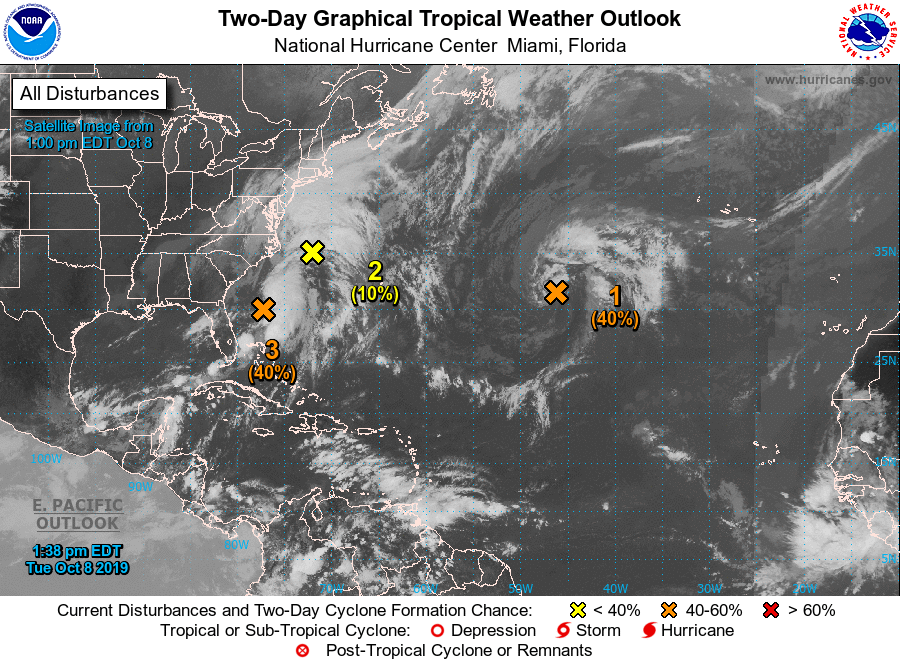
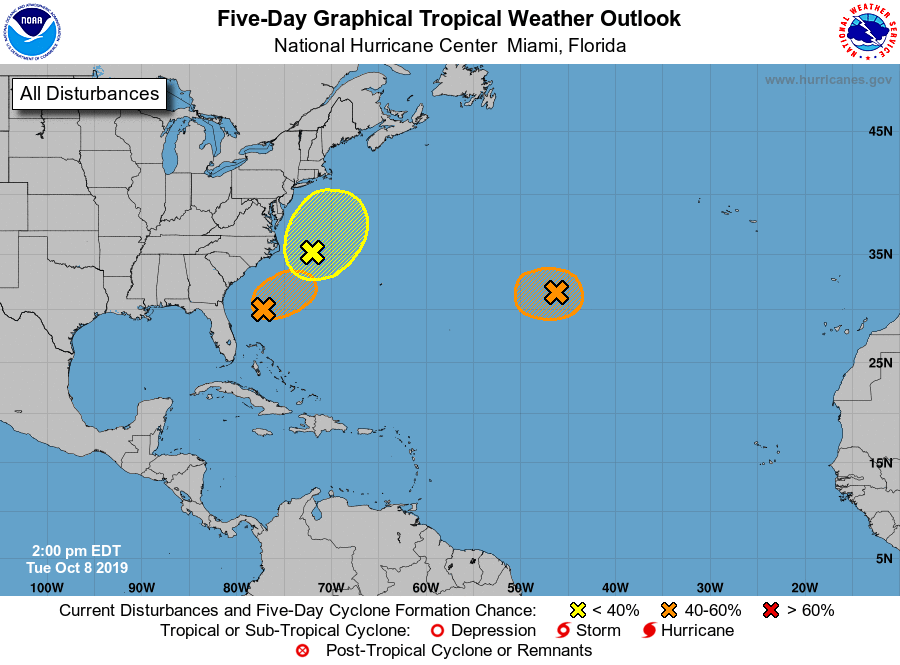
For the North Atlantic...Caribbean Sea and the Gulf of Mexico:

1. A non-tropical low pressure system located over the central Atlantic between Bermuda and the Azores continues to produce gale-force winds to the north of its center. Environmental conditions are somewhat conducive for the low to acquire some subtropical or tropical characteristics through early Wednesday, and this system could still become a tropical or subtropical storm later today or early Wednesday while it moves slowly westward. Upper-level winds are expected to become unfavorable for further development by Wednesday evening. Additional information on this system can be found in High Seas Forecasts issued by the National Weather Service.
* Formation chance through 48 hours...medium...40 percent.
* Formation chance through 5 days...medium...40 percent.

2. Cloudiness and showers located off the mid-Atlantic coast of the United States are associated with a frontal boundary and a broad, non-tropical area of low pressure. This system is forecast to drift northward or northeastward and deepen as a non-tropical low off the east coast of the United States during the next day or so. This system could acquire some subtropical characteristics by the end of the week while it remains off the east coast of the United States. Regardless of development, this system is expected to bring strong winds, coastal flooding, and rough surf to portions of the mid- Atlantic and northeastern United States coast through late week. Additional information on this system can also be found in local products and High Seas Forecasts issued by the National Weather Service.
* Formation chance through 48 hours...low...10 percent.
* Formation chance through 5 days...low...30 percent.

3. Recent satellite wind data indicate that a small area of low pressure has formed in association with an area of disturbed weather located a few hundred miles southeast of Charleston, South Carolina. The system is producing winds to near tropical storm strength and the associated thunderstorm activity has recently shown some signs of organization. Although upper-level winds, are not particularly favorable for additional development, only a small increase in organization could result in the formation of a tropical depression or storm later today or tonight. On Wednesday, the system is forecast to merge with the low off the east coast of the United States, and further development is not anticipated after that time.
* Formation chance through 48 hours...medium...40 percent.
* Formation chance through 5 days...medium...40 percent.

High Seas Forecasts issued by the National Weather Service can be found under AWIPS header NFDHSFAT1, WMO header FZNT01 KWBC, and online at ocean.weather.gov/shtml/NFDHSFAT1.php

Forecaster Brown